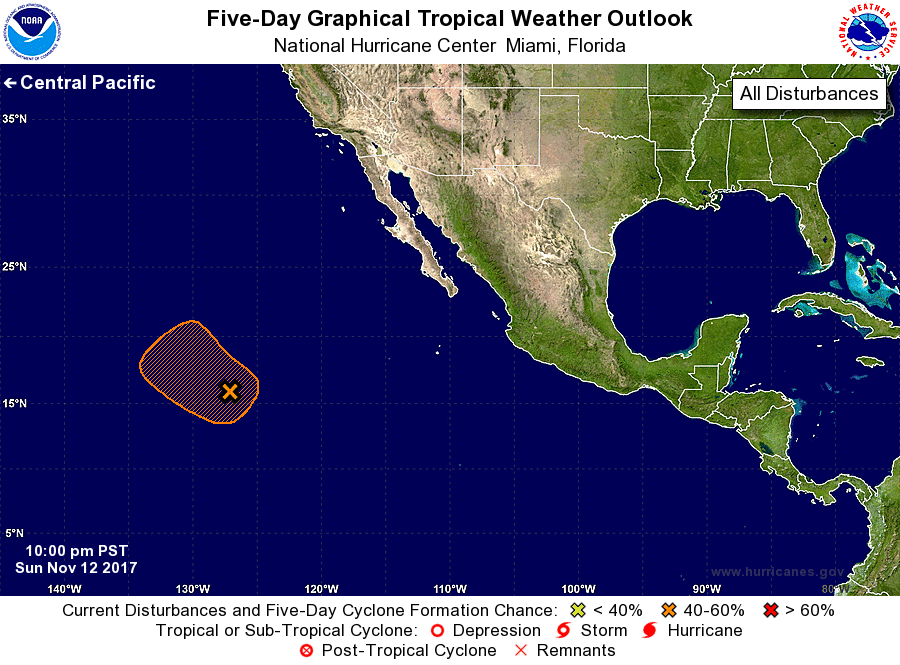
For the eastern North Pacific...east of 140 degrees west longitude:

1. Satellite imagery indicates that the low pressure system located about 1300 miles southwest of the southern tip of the Baja California continues to produce widespread cloudiness and disorganized showers. Although environmental conditions are gradually becoming less conducive for development to occur, only a slight increase in organization would result in the formation of a tropical depression later tonight or on Monday. By Tuesday morning, however, upper-level winds are expected become quite unfavorable for tropical cyclone formation to occur. This system is forecast to move west-northwestward at 10 to 15 mph across the open eastern Pacific during the next few days.
* Formation chance through 48 hours...medium...60 percent.
* Formation chance through 5 days...medium...60 percent.

Forecaster Stewart